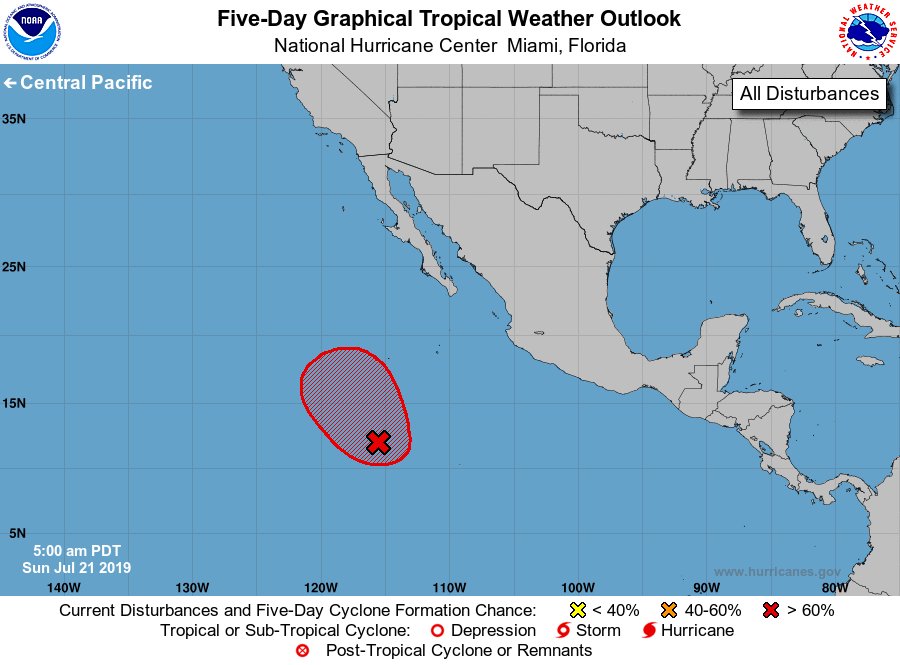
For the eastern North Pacific...east of 140 degrees west longitude:

1. Showers and thunderstorms located several hundred miles south-southwest of the southern tip of the Baja California peninsula are associated with an elongated area of low pressure. The disturbance is gradually becoming better defined, and a tropical depression or a tropical storm is expected to form during the next day or so. The disturbance is forecast to move generally northwestward at around 10 mph, remaining well offshore the coast of Mexico.
* Formation chance through 48 hours...high...90 percent.
* Formation chance through 5 days...high...90 percent.

Forecaster Latto/Pasch